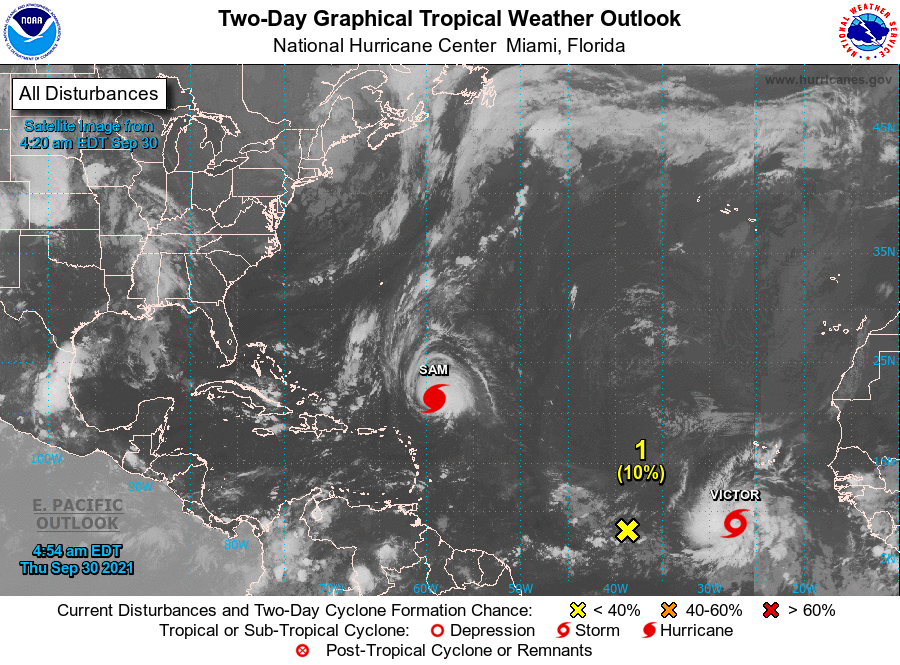
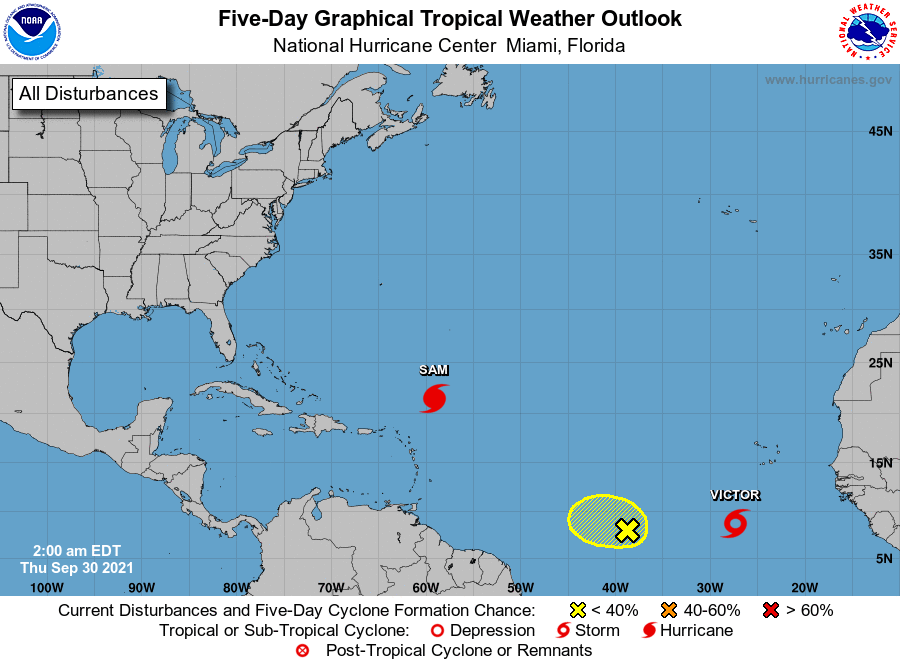
For the North Atlantic...Caribbean Sea and the Gulf of Mexico:

The National Hurricane Center is issuing advisories on Hurricane Sam, located a few hundred miles east-northeast of the northern Leeward Islands, and on Tropical Storm Victor, located over the eastern tropical Atlantic.

1. Shower activity associated with a trough of low pressure located over the tropical Atlantic about midway between the Cabo Verde Islands and the Lesser Antilles has become limited. Environmental conditions are forecast to become less conducive over the next few days, and significant development of this system is no longer anticipated. The disturbance is forecast to move westward at 10 to 15 mph.
* Formation chance through 48 hours...low...10 percent.
* Formation chance through 5 days...low...10 percent.

Public Advisories on Tropical Storm Victor are issued under WMO header WTNT35 KNHC and under AWIPS header MIATCPAT5. Forecast/Advisories on Tropical Storm Victor are issued under WMO header WTNT25 KNHC and under AWIPS header MIATCMAT5.

Forecaster Brown